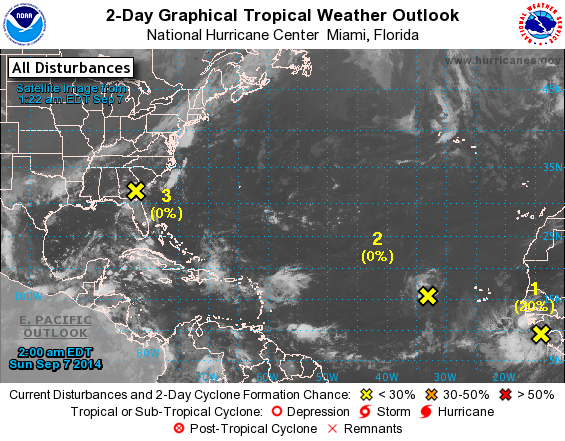
For the North Atlantic...Caribbean Sea and the Gulf of Mexico:

1. An extensive area of cloudiness and disorganized thunderstorms is associated with a large tropical wave that has recently emerged off of the coast of Africa just west of Guinea. Environmental conditions are expected to be conducive for gradual development of this disturbance during the next several days while it moves westward or west-northwestward at about 15 mph.
* Formation chance through 48 hours...low...20 percent.
* Formation chance through 5 days...high...60 percent.

2. Shower activity has diminished in association with a small low pressure system located several hundred miles west of the Cape Verde Islands. This system is moving into an unfavorable environment, and development appears unlikely during the next several days.
* Formation chance through 48 hours...low...near 0 percent.
* Formation chance through 5 days...low...near 0 percent.

3. A weak trough of low pressure over Georgia is producing disorganized cloudiness and showers from north Florida to the coastal waters of the Carolinas. Development of this system is unlikely while it drifts northeastward over the coastal sections of Georgia and the Carolinas during the next couple of days. After that time, this low is expected to merge with a frontal zone over the western Atlantic Ocean.
* Formation chance through 48 hours...low...near 0 percent.
* Formation chance through 5 days...low...near 0 percent.

Forecaster Stewart